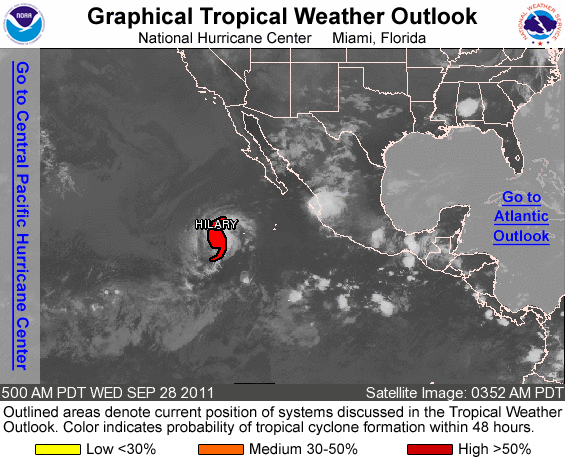
FOR THE EASTERN NORTH PACIFIC...EAST OF 140 DEGREES WEST LONGITUDE..

THE NATIONAL HURRICANE CENTER IS ISSUING ADVISORIES ON HURRICANE HILARY...LOCATED ABOUT 640 MILES WEST-SOUTHWEST OF THE SOUTHERN TIP OF BAJA CALIFORNIA.

ELSEWHERE...TROPICAL CYCLONE FORMATION IS NOT EXPECTED DURING THE NEXT 48 HOURS.

FORECASTER BRENNAN